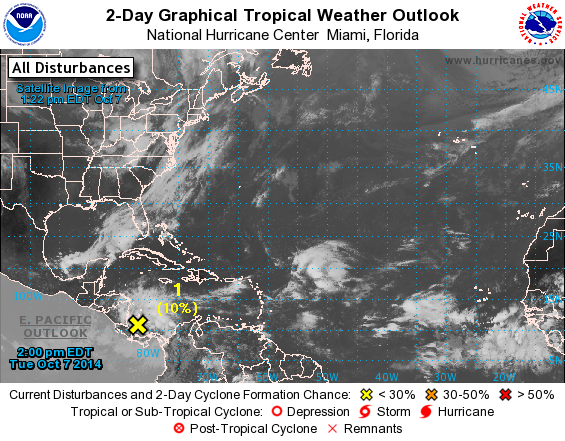
For the North Atlantic...Caribbean Sea and the Gulf of Mexico:

1. An area of low pressure has developed over the extreme southwestern Caribbean Sea and is producing a large area of disorganized showers and thunderstorms. The low is expected to drift westward near or over Central America during the next few days, and development is likely to be limited by its proximity to land. Regardless of development, heavy rains are possible over portions of Central America during the next few days.
*Formation change through 48 hours...low...10 percent.
*Formation chance through 5 days...low...20 percent.

Forecaster Terry